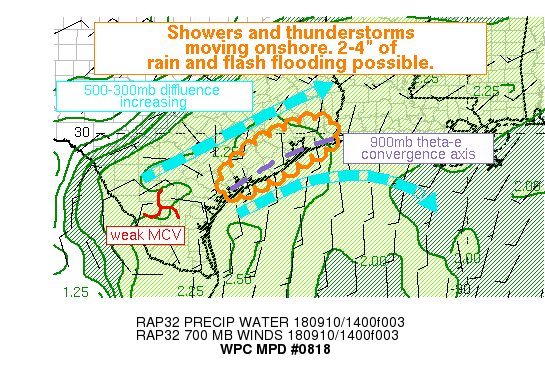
Areas affected...Central and Northeast Texas Coast

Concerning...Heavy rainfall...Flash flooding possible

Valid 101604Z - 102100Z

Summary...Showers and thunderstorms will increase in coverage and
lift onshore through the afternoon. Rainfall of 2-4" is possible
which has the potential to produce flash flooding.

Discussion...A cluster of thunderstorms noted by cooling cloud
tops on GOES-16 IR imagery and regional radar mosaic is expanding
in coverage across the NW Gulf of Mexico. An MCV is implied by
rotation in the radar SW of San Antonio, while a strong shortwave
is digging southward along the NM/TX border. These features in
tandem are helping to drive mid and upper level diffluence across
E TX, which will be further enhanced by a 50kt 300mb jet lifting
NE this afternoon, placing E TX in the favorable right entrance
region to this feature. Although low-level winds are weak, latest
RAP analyzed MLCape is around 1500 J/kg, more than sufficient to
lift surface parcels, which will then be lifted upward by the
synoptic lift implied by the increasing diffluence aloft.

Morning PWATs from upper air soundings at CRP as well as RAP
analysis shows a large area of 2.1 to 2.3 inches flooding into the
TX coast. While these are not extreme values, they are above the
90th percentile for the date which combined with forecast warm
cloud depth approaching 15kft is suggestive of efficient warm rain
processes even in convective elements. This is echoed by HGX
estimated rainfall rates of 1 to 1.5 inches per hour lifting onto
the TX coast, coincident with KDP values of 2-3 deg/Km coincident
with high reflectivity. The convection offshore is likely to
increase in coverage during the next few hours and lift northward.
Although FFG is not exceedingly low, 3-4" in 3 hours, a stripe of
heavier rainfall is likely along and just inland from the coast
where frictional convergence and a low-level theta-e axis merge.
Rainfall of 2-4" is possible across this area as storms move
slowly on 0-6km mean wind of less than 10 kts. This may be
sufficient to produce flash flooding across the area.